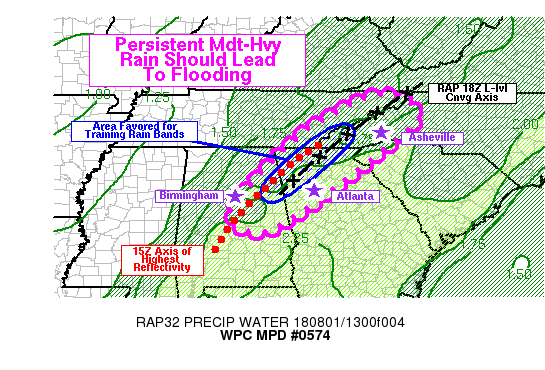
Areas affected...NE Alabama and Nrn Georgia into Srn Appalachians

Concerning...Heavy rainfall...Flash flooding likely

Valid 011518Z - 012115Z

Summary...Persistent moderate to heavy rain is expected from the
I-20 corridor in Alabama and Georgia up into the southern
Appalachians into the afternoon hours. This same area received
heavy rainfall in the past 24 hours, and additional heavy rain
will likely cause flooding in some areas. Some locations will
likely receive 2-3 inches of rainfall by 5 PM EDT, and a few
isolated spots could see more than that.

Discussion...Regional radars at 15Z showed an arc of heavier rain
extending from central Alabama and the Birmingham metro area
northeast into the southern Appalachians. This was occurring along
a band of increasing low-level convergence, and on the nose of a
surge of 2+ inch PWATs (per GPS-PW observations, satellite
estimates and RAP analysis) from the south. Although instability
is somewhat limited, enough exists for some convective banding.
RAP forecast soundings indicate around 500 j/kg of MUCAPE, with
most of the CAPE profile situated below the -10C layer. The
expectation of shallow convective bands is being borne out in
reality, with KBMX and KTX radar showing the vast majority of
higher reflectivity values (35-40 dBZ or more) concentrated below
the melting layer. This is suggestive of dominant warm rain
processes and this should mean more efficient rainfall production
relative to the modest reflectivity values currently detected by
radar. Despite the lack of strong instability, increasing
low-level convergence in the presence of a very moist atmosphere
should be able to yield 1-2 in/hr rain rates in this environment
in some of the stronger rain bands. Embedded within a broader area
of light to moderate rain, this is expected to yield some swaths
of 2-3 inches of rainfall by 21Z, with locally higher amounts.

There is a fair amount of overlap between the current position of
the axis of highest radar reflectivity, and the RAP forecast 18Z
boundary layer moisture convergence axis. Combined with broad
southwesterly low-mid level flow, this is a recipe for training of
shallow convective rain bands and the potential for flooding. The
area most favored for training rain bands would be from far
eastern Alabama (near Talladega) northeast to the far western tip
of North Carolina (around Franklin). Given the antecedent
conditions with heavy rain in the past 24 hours, flooding appears
likely given the all the aforementioned factors. This could occur
either via sustained rainfall over a longer duration (4-6 hours),
or a quick burst of heavier rainfall in 1-2 hours from a more
focused convective band.